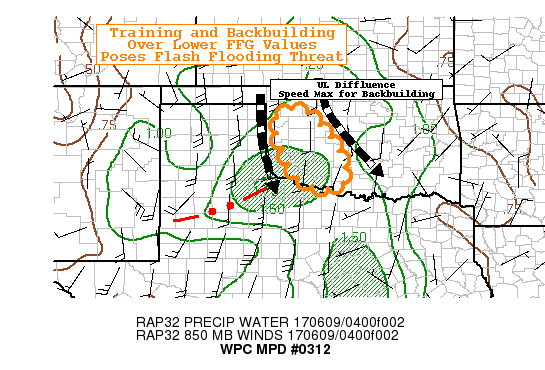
AREAS AFFECTED...WESTERN OK

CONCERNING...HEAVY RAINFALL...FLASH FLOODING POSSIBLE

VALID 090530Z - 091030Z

SUMMARY...FAVORABLY ORIENTED CONVECTION MAY BACKBUILD AND/OR TRAIN
OVER LOCAL MINIMA OF FLASH FLOOD GUIDANCE VALUES POSING FLASH
FLOODING THREAT.

DISCUSSION...RECENT GOES-16 EIR AND RADAR MOSAIC SHOWS COOLING
TOPS BREAKING THROUGH EASTERN CIRRUS CANOPY OF SOUTHWARD SINKING
MCS.  STRONG LLJ IS FEEDING FORWARD PROPAGATION OF THE MCS WITH
850MB SPEED MAX FOCUSED ACROSS THE EASTERN CAP ROCK.  ON THE
EASTERN PERIPHERY OF THE LLJ WINDS FALL OFF TO 15-20KTS AND 7H
WINDS FROM LATENT HEAT RELEASE/COLD POOL FROM THE MCS HAVE VEERED
WINDS TO THE WEST MAXIMIZING FURTHER MID-LEVEL CONVERGENCE.
ADDITIONALLY...TPW ANALYSIS SHOWS Q-AXIS IS MAXIMIZED ALONG THE
EASTERN PERIPHERY OF THE LLJ WITH TPWS REACHING 1.4-1.5" IN THE
VICINITY OF CONVERGENCE SUPPORTING SIMILAR RAINFALL RATES
(1.5"/HR)

GOES-E AMV AND RAP ANALYSIS ALSO SUPPORTS DIFFLUENT FLOW ACROSS W
OK AS AT THE SW PERIPHERY OF THE EXITING SYNOPTIC TROF/SE SIDE OF
NARROW AMPLIFIED RIDGE IN HIGH PLAINS...THIS FAVORS THE CURRENT
ORIENTATION OF THE DEVELOPING LINE FROM NE ROGER MILLS/SE ELLIS
COUNTY TO COMANCHE.    ADDITIONALLY LOCALIZED SPEED MAX/ENTRANCE
REGION UPSTREAM SUPPORTS SOME BACKBUILDING CONVECTION ON THE
LINE...WHILE CLOUD BEARING WINDS ARE NW-SE AT 15KTS SUPPORTING A
CORRIDOR FOR TRAINING AS WELL.  PROPAGATION VECTORS SUGGEST A
SLIGHT DRIFT ESEWARD WITH TIME.  TO MAKE MATTERS A BIT MORE
CONCERNING...LOCAL FFG VALUES ARE LOWER WITH 1HR VALUES JUST ABOVE
EXPECTED RATES (1.6-2.0) BUT 3HR FROM 2-2.5" ARE POSSIBLE TO BE
LOCALLY ECLIPSED.

00Z HI-RES WRF CAMS SUCH AS THE ARW/NMMB ARE QUITE BULLISH
SUGGESTING LOCAL BULLS-EYES IN EXCESS OF 5" THROUGH 12Z...WHICH
SEEMS A BIT DRAMATIC THOUGH SHOW GOOD PLACEMENT.  MORE REALISTIC
RAINFALL TOTALS FROM THE HRRR/EXP. HRRR AND NAM-CONEST SUGGESTING
2-3" WITH ISOLATED 4" AMOUNTS BUT ARE GENERALLY DISPLACED FURTHER
EAST.